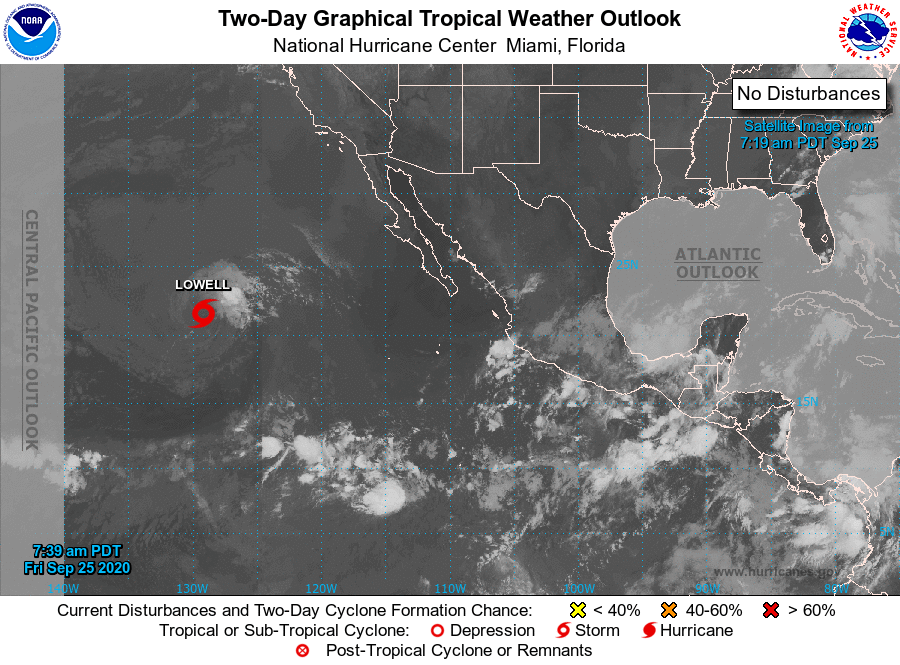
For the eastern North Pacific...east of 140 degrees west longitude:

The National Hurricane Center is issuing advisories on Tropical Storm Lowell, located more than 1000 miles west of the southern tip of the Baja California peninsula.

1. An area of low pressure is expected to form south or southwest of the southwestern coast of Mexico in a few days. Some gradual development will be possible through the middle of next week and a tropical depression could form while the system moves generally west-northwestward, well off the coast of Mexico.
* Formation chance through 48 hours...low...near 0 percent.
* Formation chance through 5 days...medium...40 percent.

Forecaster Zelinsky